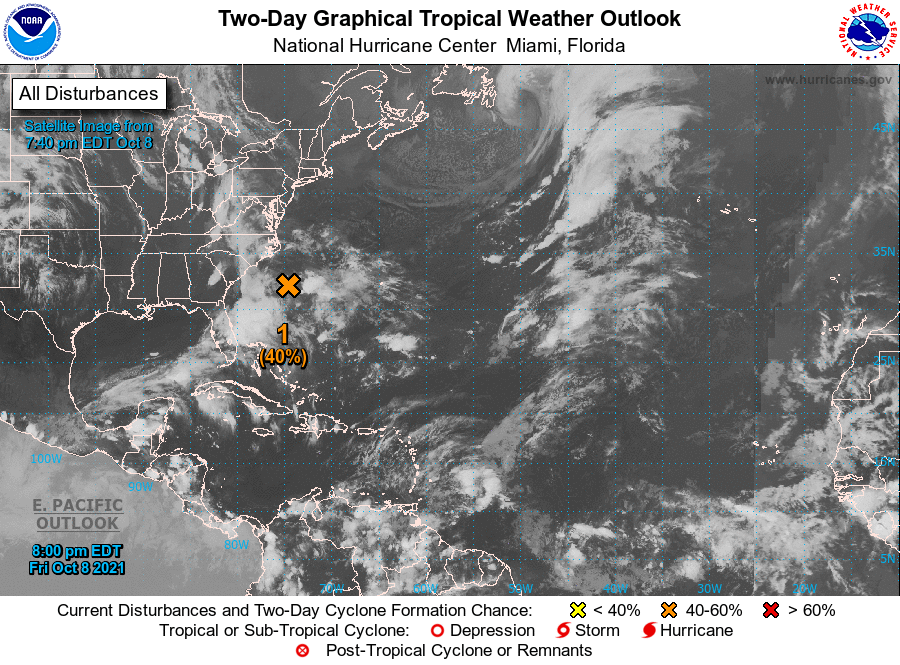
For the North Atlantic...Caribbean Sea and the Gulf of Mexico:

1. A nearly stationary area of low pressure located about 200 miles south of Cape Hatteras, North Carolina continues to produce disorganized showers and thunderstorms. Environmental conditions could briefly become marginally conducive for the low to acquire subtropical characteristics by Saturday night and early Sunday. By early next week, environmental conditions should become unfavorable for any further development. The low is forecast to begin moving slowly toward the west-northwest tonight and then northwest on Saturday, bringing the system closer to the coasts of the Carolinas. Therefore, interests along these coasts should monitor the progress of this system.

Regardless of development, intermittent periods of locally heavy rains and gusty winds will affect eastern portions of the Carolinas through the weekend. An Air Force Reserve reconnaissance aircraft is scheduled to investigate the system Saturday afternoon, if necessary. Additional information on this system, including gale warnings, can be found in High Seas Forecasts issued by the National Weather Service.
* Formation chance through 48 hours...medium...40 percent.
* Formation chance through 5 days...medium...40 percent.

High Seas Forecasts issued by the National Weather Service can be found under AWIPS header NFDHSFAT1, WMO header FZNT01 KWBC, and online at ocean.weather.gov/shtml/NFDHSFAT1.php

Forecaster Latto